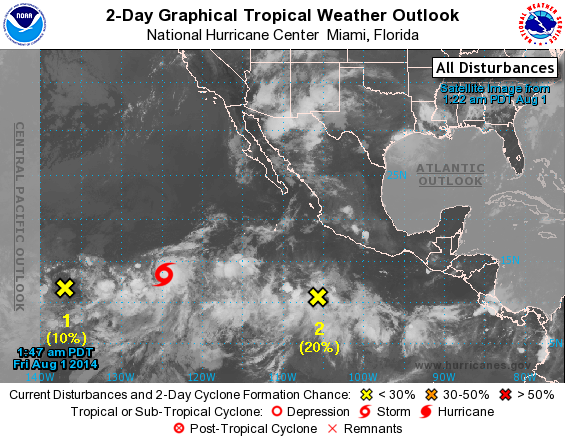
For the eastern North Pacific...east of 140 degrees west longitude:

The National Hurricane Center is issuing advisories on Tropical Storm Iselle, located more than a thousand miles southwest of the southern tip of the Baja California peninsula.

1. An area of low pressure located about 1325 miles east-southeast of the Big Island of Hawaii is producing disorganized shower and thunderstorm activity. Upper-level winds are not particularly favorable, and any development of this system should be slow to occur while it moves westward at around 10 mph during the next few days.
* Formation chance through 48 hours...low...10 percent.
* Formation chance through 5 days...low...20 percent.

2. A large area of showers and thunderstorms continues in association with a tropical wave located several hundred miles southwest of Acapulco, Mexico. Some gradual development of this system is expected during the next few days while it moves westward at 10 to 15 mph.
* Formation chance through 48 hours...low...20 percent.
* Formation chance through 5 days...high...60 percent.

Public Advisories on Iselle are issued under WMO header WTPZ34 KNHC and under AWIPS header MIATCPEP4. Forecast/Advisories on Iselle are issued under WMO header WTPZ24 KNHC and under AWIPS header MIATCMEP4.

Forecaster Blake